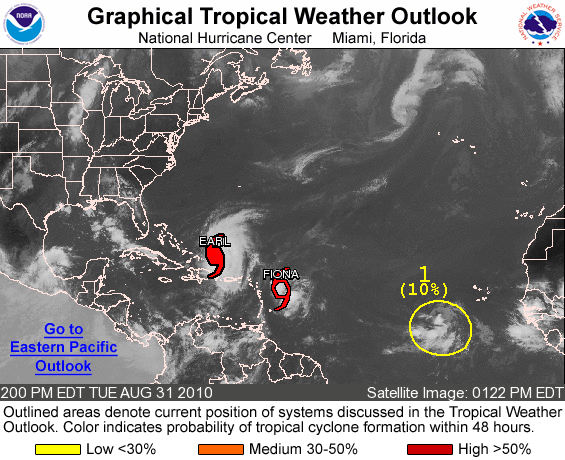
FOR THE NORTH ATLANTIC...CARIBBEAN SEA AND THE GULF OF MEXICO...

THE NATIONAL HURRICANE CENTER IS ISSUING ADVISORIES ON HURRICANE EARL...LOCATED ABOUT 170 MILES EAST OF GRAND TURK...AND ON TROPICAL STORM FIONA...LOCATED ABOUT 335 MILES EAST OF THE LEEWARD ISLANDS.

1. A BROAD AREA OF LOW PRESSURE IS LOCATED ABOUT 425 MILES WEST- SOUTHWEST OF THE CAPE VERDE ISLANDS. THE ASSOCIATED SHOWER AND THUNDERSTORM ACTIVITY HAS CHANGED LITTLE IN ORGANIZATION TODAY... AND DEVELOPMENT...IF ANY...WILL BE SLOW TO OCCUR AS THE SYSTEM MOVES WESTWARD NEAR 15 MPH. THERE IS A LOW CHANCE...10 PERCENT... OF THIS SYSTEM BECOMING A TROPICAL CYCLONE DURING THE NEXT 48 HOURS.

ELSEWHERE...TROPICAL CYCLONE FORMATION IS NOT EXPECTED DURING THE NEXT 48 HOURS.

PUBLIC ADVISORIES ON FIONA ARE ISSUED UNDER WMO HEADER WTNT33 KNHC AND UNDER AWIPS HEADER MIATCPAT3. FORECAST/ADVISORIES ON FIONA ARE ISSUED UNDER WMO HEADER WTNT23 KNHC AND UNDER AWIPS HEADER MIATCMAT3.

FORECASTER BERG